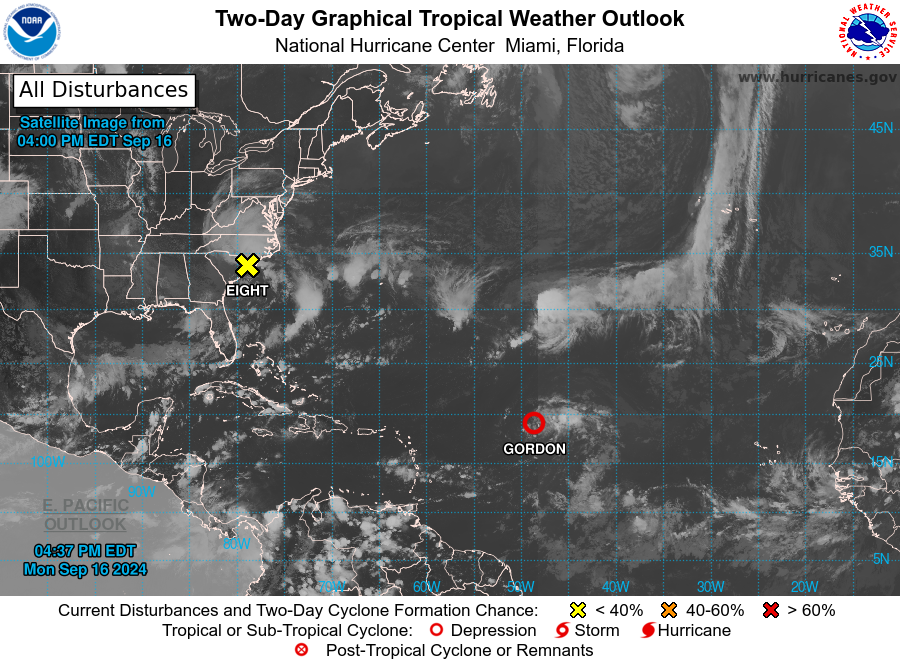
For the North Atlantic...Caribbean Sea and the Gulf of Mexico:

Active Systems: The National Hurricane Center is issuing advisories on Tropical Depression Gordon, located over the central tropical Atlantic Ocean.

The National Hurricane Center is issuing advisories on Potential Tropical Cyclone Eight, near the coast of the Carolinas.
* Formation chance through 48 hours...low...10 percent.
* Formation chance through 7 days...low...10 percent.

&&
Public Advisories on Potential Tropical Cyclone Eight are issued under WMO header WTNT33 KNHC and under AWIPS header MIATCPAT3. Forecast/Advisories on Potential Tropical Cyclone Eight are issued under WMO header WTNT23 KNHC and under AWIPS header MIATCMAT3.

Forecaster Pasch